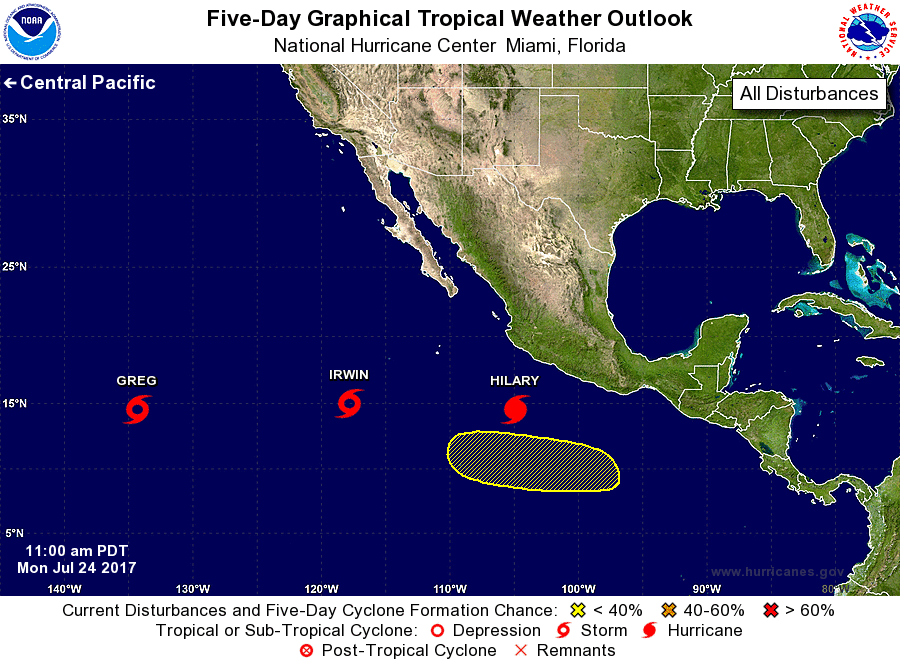
For the eastern North Pacific...east of 140 degrees west longitude:

The National Hurricane Center is issuing advisories on Tropical Storm Greg, located more than 1500 miles west-southwest of the southern tip of the Baja California peninsula, on Hurricane Hilary, located several hundred miles south of Manzanillo Mexico, and on Tropical Storm Irwin, located several hundred miles southwest of the southern tip of the Baja California peninsula.

1. An area of low pressure could form several hundred miles south of Mexico in a couple of days. Development, if any, of this system is expected to be slow to occur due to strong upper-level winds from Hurricane Hilary. The system is forecast to move west- northwestward at about 5 to 10 mph for the next several days.
* Formation chance through 48 hours...low...near 0 percent.
* Formation chance through 5 days...low...20 percent.

Forecaster Blake